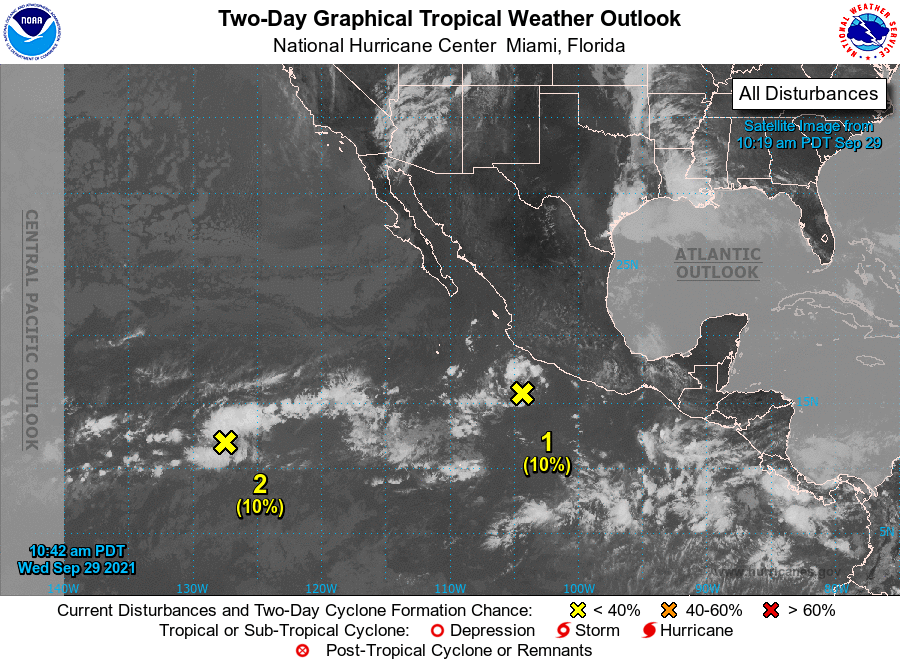
For the eastern North Pacific...east of 140 degrees west longitude:

1. A broad low pressure system located a few hundred miles south of Manzanillo, Mexico, is producing disorganized showers and a few thunderstorms, and environmental conditions are gradually becoming less conducive for development. The low is forecast to meander off the coast of southwestern Mexico today and tonight, and then move slowly toward the west-northwest at about 5 mph away from the coast of Mexico on Thursday and Friday.
* Formation chance through 48 hours...low...10 percent.
* Formation chance through 5 days...low...20 percent.

2. A broad area of low pressure located several hundred miles southwest of the southern tip of the Baja California peninsula is producing disorganized showers and thunderstorms. Environmental conditions are expected to be conducive for slow development during the next several days, and a tropical depression could form by the weekend while the system moves generally westward at around 10 mph.
* Formation chance through 48 hours...low...10 percent.
* Formation chance through 5 days...medium...40 percent.

Forecaster Stewart